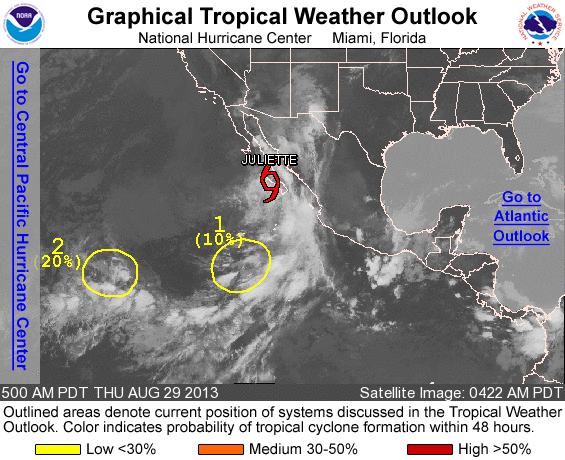
FOR THE EASTERN NORTH PACIFIC...EAST OF 140 DEGREES WEST LONGITUDE..

THE NATIONAL HURRICANE CENTER IS ISSUING ADVISORIES ON TROPICAL STORM JULIETTE...LOCATED ALONG THE SOUTHWEST COAST OF THE BAJA CALIFORNIA PENINSULA.

1. A BROAD AREA OF LOW PRESSURE LOCATED ABOUT 800 MILES SOUTH- SOUTHWEST OF THE SOUTHERN TIP OF THE BAJA CALIFORNIA PENINSULA IS PRODUCING A LARGE AREA OF CLOUDINESS AND A FEW SHOWERS. ANY DEVELOPMENT IS EXPECTED TO BE SLOW TO OCCUR DURING THE NEXT COUPLE OF DAYS WHILE THIS SYSTEM MOVES NORTHEASTWARD OR NORTH- NORTHEASTWARD AT ABOUT 10 MPH. THIS SYSTEM HAS A LOW CHANCE...10 PERCENT...OF BECOMING A TROPICAL CYCLONE DURING THE NEXT 48 HOURS. SIGNIFICANT DEVELOPMENT IS NOT ANTICIPATED AFTER THAT TIME AS THE LOW IS EXPECTED TO REACH COOLER WATERS IN A COUPLE OF DAYS. THIS SYSTEM HAS A LOW CHANCE...20 PERCENT...OF BECOMING A TROPICAL CYCLONE DURING THE NEXT 5 DAYS.

2. SHOWER ACTIVITY ASSOCIATED WITH AN AREA OF LOW PRESSURE LOCATED ABOUT 1500 MILES WEST-SOUTHWEST OF THE SOUTHERN TIP OF THE BAJA CALIFORNIA PENINSULA HAS DIMINISHED OVERNIGHT. CONDITIONS ARE MARGINALLY FAVORABLE FOR DEVELOPMENT OF THIS SYSTEM DURING THE NEXT FEW DAYS AS IT BEGINS TO MOVE SLOWLY NORTHWARD. THIS DISTURBANCE HAS A LOW CHANCE...20 PERCENT...OF BECOMING A TROPICAL CYCLONE DURING THE NEXT 48 HOURS...AND A MEDIUM CHANCE... 30 PERCENT...OF BECOMING A TROPICAL CYCLONE DURING THE NEXT 5 DAYS.

PUBLIC ADVISORIES ON JULIETTE ARE ISSUED UNDER WMO HEADER WTPZ35 KNHC AND UNDER AWIPS HEADER MIATCPEP5. FORECAST/ADVISORIES ON JULIETTE ARE ISSUED UNDER WMO HEADER WTPZ25 KNHC AND UNDER AWIPS HEADER MIATCMEP5.

FIVE-DAY FORMATION PROBABILITIES ARE EXPERIMENTAL IN 2013. COMMENTS ON THE EXPERIMENTAL FORECASTS CAN BE PROVIDED AT...

HTTP://WWW.NWS.NOAA.GOV/SURVEY/NWS-SURVEY.PHP?CODE=ETWO

FORECASTER BROWN